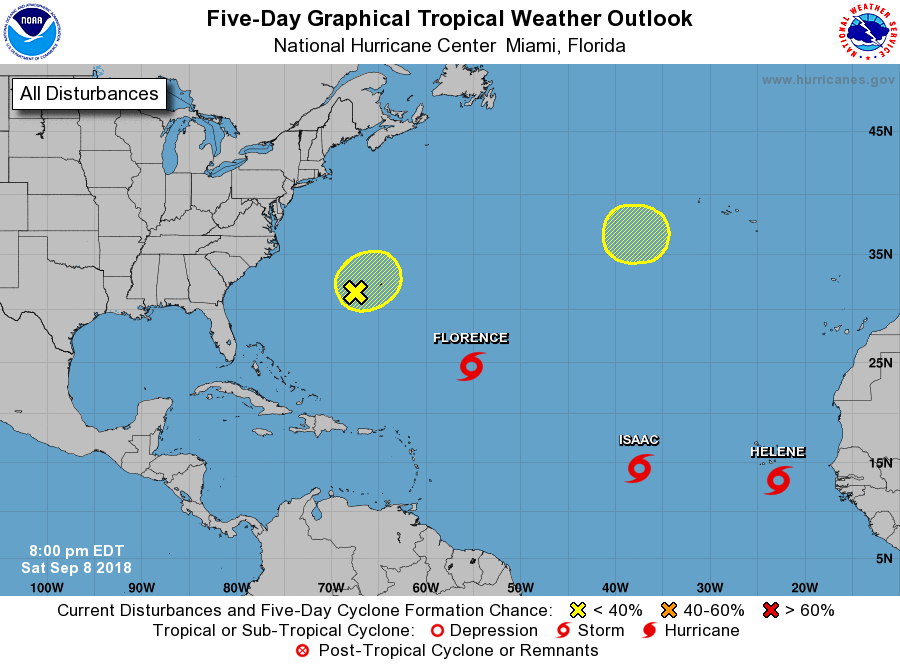
For the North Atlantic...Caribbean Sea and the Gulf of Mexico:

The National Hurricane Center is issuing advisories on Tropical Storm Florence, located over the central Atlantic Ocean, on Tropical Storm Helene, located roughly about 150 miles southeast of the Cabo Verde Islands, and on newly upgraded Tropical Storm Isaac, located over the eastern Atlantic.

1. Shower and thunderstorm activity has diminished in association with a trough of low pressure over the western Atlantic near Bermuda. Significant development of this system is unlikely due to increasingly strong upper-level winds over the next few days.
* Formation chance through 48 hours...low...10 percent.
* Formation chance through 5 days...low...10 percent.

2. A non-tropical area of low pressure is forecast to form in the northeastern Atlantic Ocean several hundred miles west-southwest of the Azores in a few days. Some slow tropical or subtropical development is possible by the middle of next week while the low moves eastward.
* Formation chance through 48 hours...low...near 0 percent.
* Formation chance through 5 days...low...30 percent.

Public Advisories on Tropical Storm Isaac are issued under WMO header WTNT34 KNHC and under AWIPS header MIATCPAT4. Forecast/Advisories on Tropical Storm Isaac are issued under WMO header WTNT24 KNHC and under AWIPS header MIATCMAT4.

Forecaster Landsea